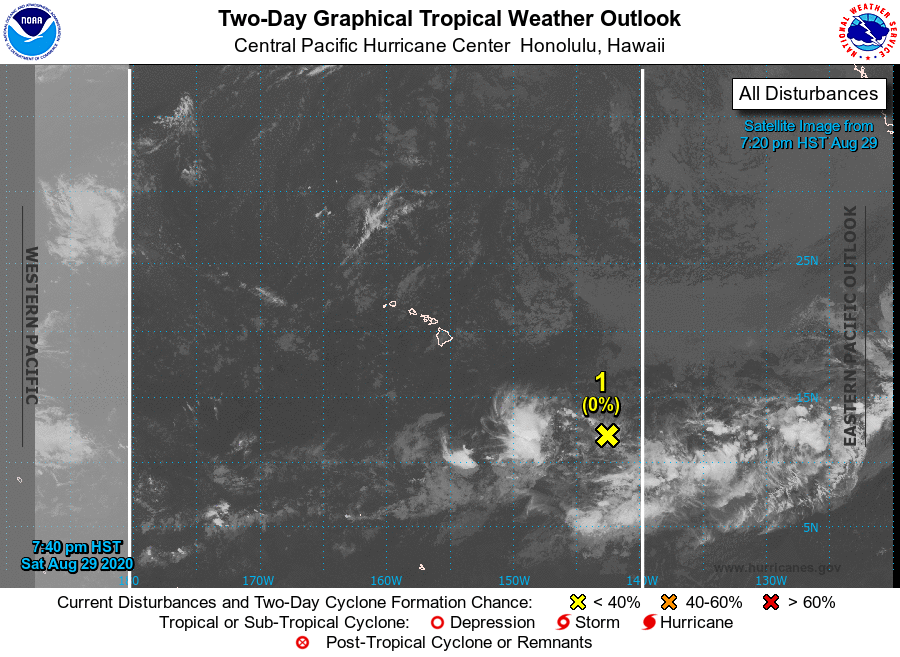
For the central North Pacific...between 140W and 180W:

1. An area of low pressure located around 800 miles southeast of Hilo, Hawaii, is producing disorganized showers and thunderstorms as it moves west at 10 to 15 mph. Conditions are becoming less favorable for the development of a tropical cyclone.
* Formation chance through 48 hours...low...near 0 percent.
* Formation chance through 5 days...low...10 percent.

Forecaster Foster